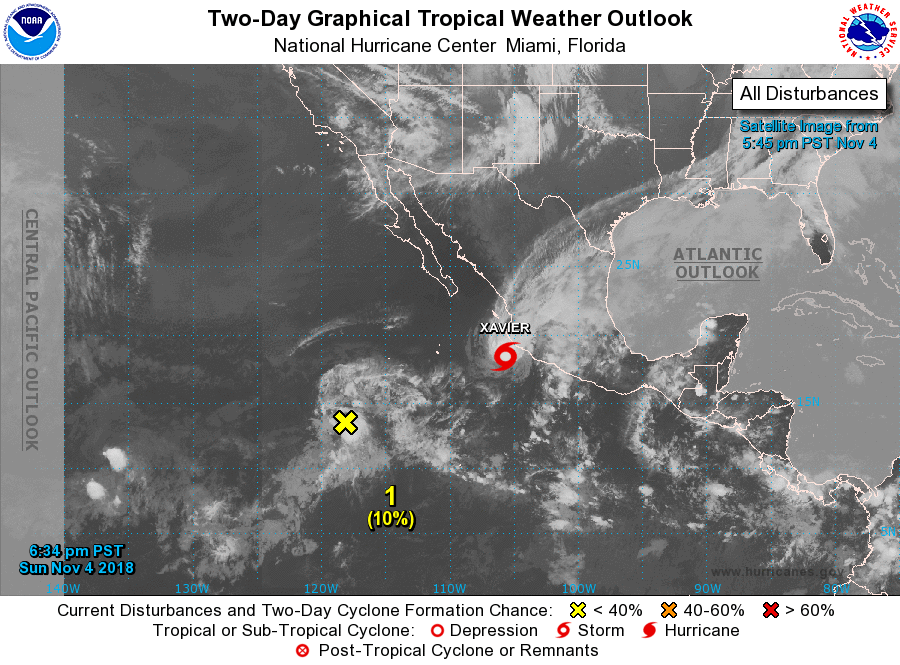
For the eastern North Pacific...east of 140 degrees west longitude:

The National Hurricane Center is issuing advisories on Tropical Storm Xavier, located about a hundred miles west-southwest of Manzanillo, Mexico.

1. A trough of low pressure located about 850 miles southwest of the southern tip of the Baja California peninsula is producing limited shower activity. Upper-level winds are becoming less favorable, and significant development of this system is not expected while it drifts northward and then northwestward during the next couple of days.
* Formation chance through 48 hours...low...10 percent.
* Formation chance through 5 days...low...10 percent.

Forecaster Zelinsky